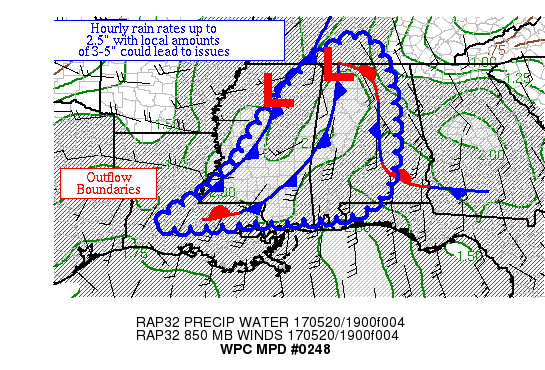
AREAS AFFECTED...PORTIONS OF LA, MS, & AL

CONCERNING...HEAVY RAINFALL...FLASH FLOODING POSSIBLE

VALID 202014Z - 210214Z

SUMMARY...THUNDERSTORMS WITH TRAINING SEGMENTS WITHIN A CONVERGENT
LOW-LEVEL FLOW REGIME ARE CAPABLE OF HOURLY RAIN RATES TO 2.5",
AND LOCAL AMOUNTS UP TO 3-5".

DISCUSSION...THUNDERSTORMS CONTINUE TO DEVELOP BETWEEN THE
ATCHAFALAYA BASIN IN LA AND WESTERN AL WITHIN A REGION OF
CONVERGENT 850 HPA INFLOW OF 15-20 KTS.  TWO BOUNDARIES APPEAR TO
BE RESPONSIBLE TO THE ORIENTATION OF THE ACTIVITY: ONE MOVING 20
KTS ACROSS CENTRAL MS AT THIS TIME AND A LEADING OUTFLOW BOUNDARY
MOVING EAST AT 10 KTS INTO WESTERN AL.  PRECIPITABLE WATER VALUES
ARE 1.75-2" HERE, AND MLCAPES ARE 1000-3000 J/KG.  BULK SHEAR IN
THE 0-6 KM LAYER IS 25-45 KTS, WHICH HAS SO FAR LED TO OCCASIONAL
TRAINING BANDS AS THE WIND FLOW IS FAIRLY UNIDIRECTIONAL FROM THE
SOUTH-SOUTHWEST.  RECENT STRUCTURES IN SOUTHWEST MS ON RADAR IMPLY
MESOCYCLONES MAY BE PRESENT.

THE EXPECTATION IS FOR THE TWO BOUNDARIES TO MERGE OVER THE NEXT
SEVERAL HOURS AS THEY CONTINUE MOVING INTO SOUTHERN MS AND CENTRAL
AL, WITH HEAVY RAIN AREAS SHIFTING MORE SOUTHERLY WITH TIME AS
INSTABILITY ERODES MORE INLAND FROM ONGOING CONVECTION.  HOURLY
RAIN RATES UP TO 2.5" ARE POSSIBLE WHERE CELLS MERGE OR TRAIN,
WHICH HAS BEEN OCCASIONALLY NOTED IN RADAR IMAGERY AS OF LATE.
THE MESOSCALE GUIDANCE SHOWS A CONSISTENT SIGNAL FOR LOCAL AMOUNTS
UP TO 3-5".  FLASH FLOOD GUIDANCE VALUES ARE HIGH HERE, SO BELIEVE
HEAVY RAIN ISSUES WOULD BE MORE CONCENTRATED IN URBAN AREAS.